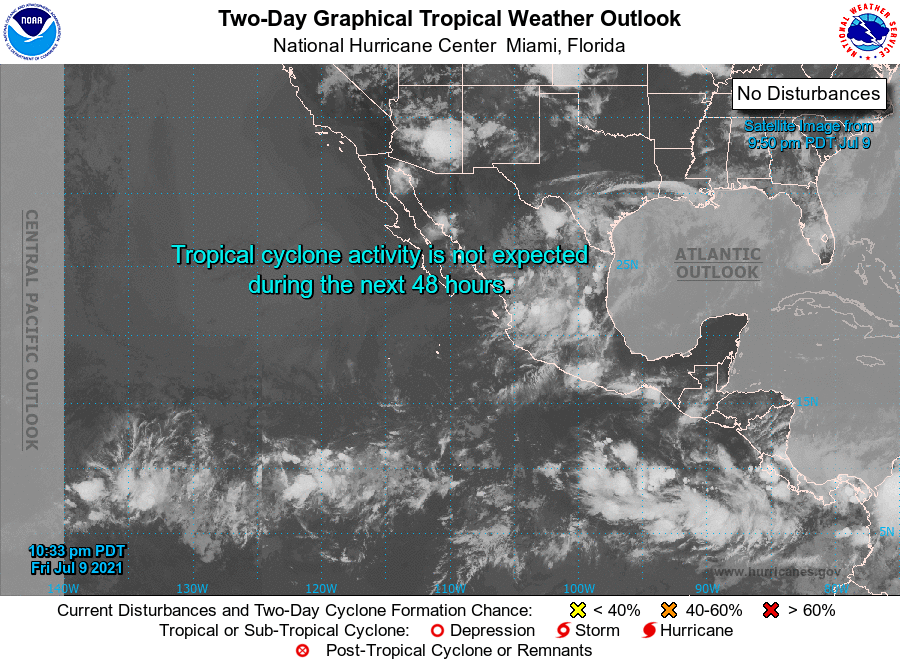
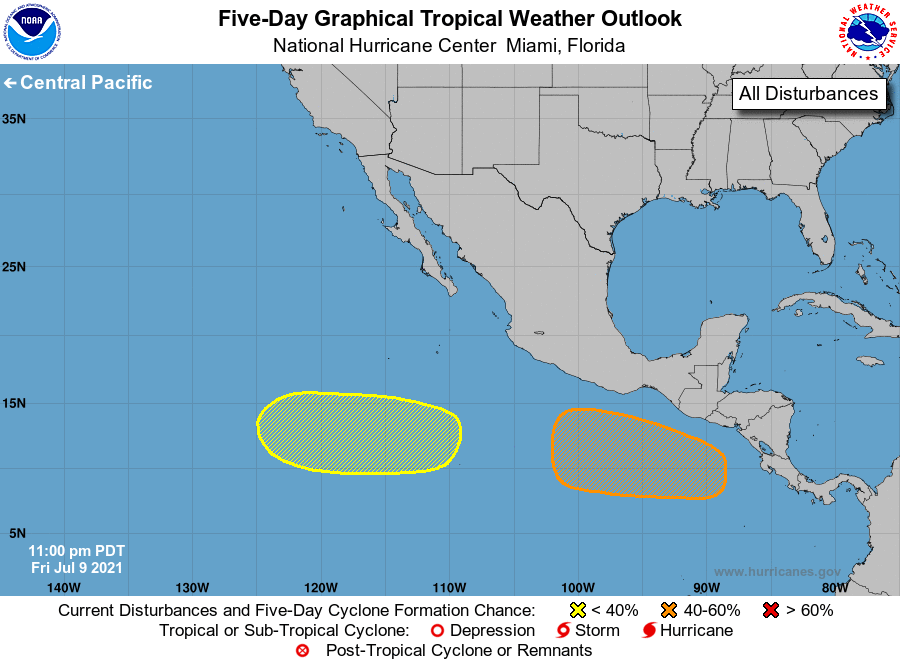
For the eastern North Pacific...east of 140 degrees west longitude:

1. An area of low pressure is expected to develop south of the Gulf of Tehuantepec by the middle of next week. Environmental conditions are expected to support gradual development of this system thereafter while it moves generally west-northwestward at 10 to 15 mph.
* Formation chance through 48 hours...low...near 0 percent.
* Formation chance through 5 days...medium...40 percent.

2. Another area of low pressure is expected to form several hundred miles south-southwest of the southern coast of Mexico by early next week. Development of this system should to be slow to occur while moving westward or west-northwestward at 10 to 15 mph.
* Formation chance through 48 hours...low...near 0 percent.
* Formation chance through 5 days...low...20 percent.

Forecaster Stewart